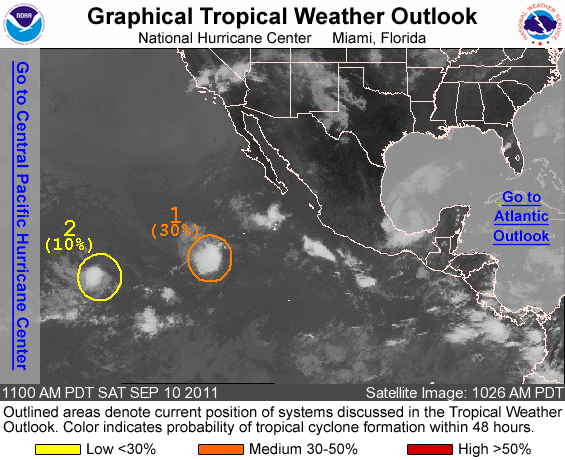
FOR THE EASTERN NORTH PACIFIC...EAST OF 140 DEGREES WEST LONGITUDE..

1. SHOWER AND THUNDERSTORM ACTIVITY CONTINUES IN ASSOCIATION WITH AN AREA OF LOW PRESSURE LOCATED ABOUT 725 MILES SOUTHWEST OF THE SOUTHERN TIP OF BAJA CALIFORNIA. SOME DEVELOPMENT OF THIS SYSTEM IS POSSIBLE OVER THE NEXT DAY OR SO BEFORE IT MOVES SLOWLY NORTHWARD TOWARD COOLER WATERS. THIS SYSTEM HAS A MEDIUM CHANCE... 30 PERCENT...OF BECOMING A TROPICAL CYCLONE DURING THE NEXT 48 HOURS.

2. A WEAK AREA OF LOW PRESSURE LOCATED ABOUT 1550 MILES WEST-SOUTHWEST OF THE SOUTHERN TIP OF BAJA CALIFORNIA IS PRODUCING DISORGANIZED SHOWERS AND THUNDERSTORMS. ANY DEVELOPMENT OF THIS SYSTEM SHOULD BE SLOW TO OCCUR AS IT MOVES LITTLE OVER THE NEXT COUPLE OF DAYS. THIS SYSTEM HAS A LOW CHANCE...10 PERCENT...OF BECOMING A TROPICAL CYCLONE DURING THE NEXT 48 HOURS.

ELSEWHERE...TROPICAL CYCLONE FORMATION IS NOT EXPECTED DURING THE NEXT 48 HOURS.

FORECASTER BROWN/BRENNAN